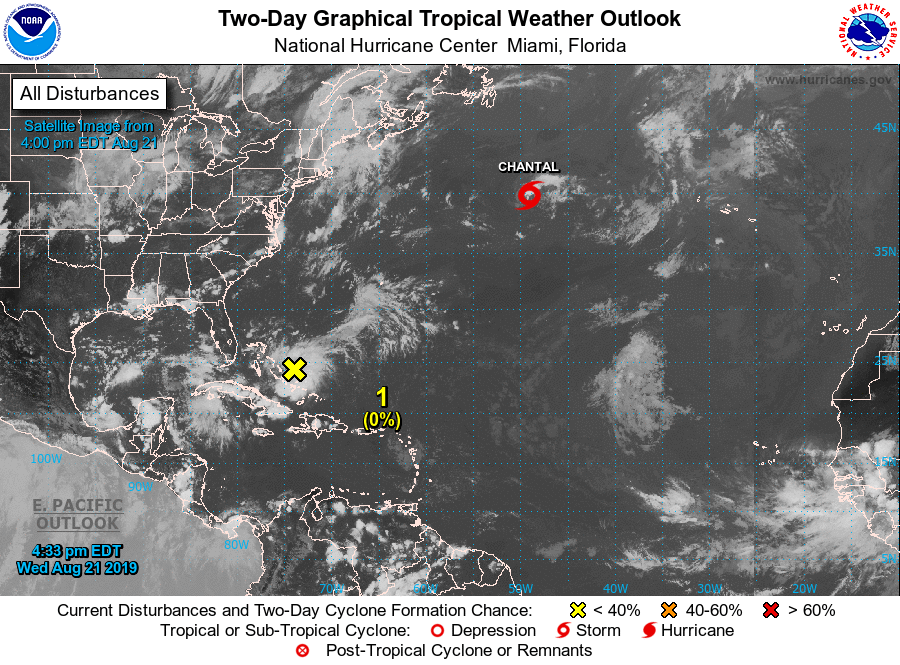
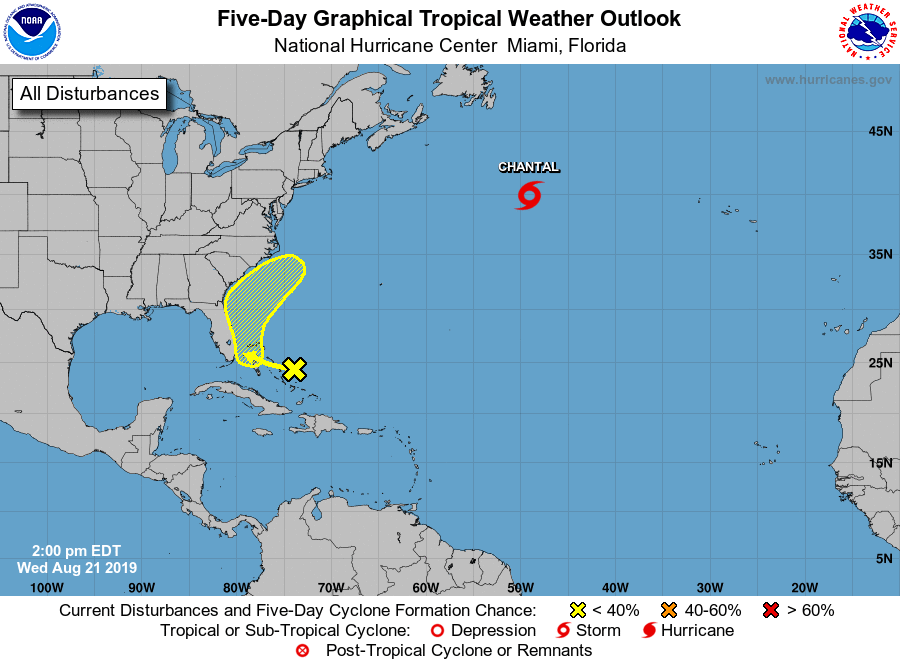
For the North Atlantic...Caribbean Sea and the Gulf of Mexico:

The National Hurricane Center is issuing advisories on Tropical Storm Chantal, located several hundred miles east-southeast of Halifax, Nova Scotia.

1. An area of disturbed weather extends over the Central and Northwest Bahamas and the adjacent waters. Some slow development of this system is possible over the next several days as it moves toward the Florida peninsula and then the southeastern United States.
* Formation chance through 48 hours...low...near 0 percent.
* Formation chance through 5 days...low...20 percent.

Public Advisories on Tropical Storm Chantal are issued under WMO header WTNT34 KNHC and under AWIPS header MIATCPAT4. Forecast/Advisories on Tropical Storm Chantal are issued under WMO header WTNT24 KNHC and under AWIPS header MIATCMAT4.

Forecaster Latto/Pasch